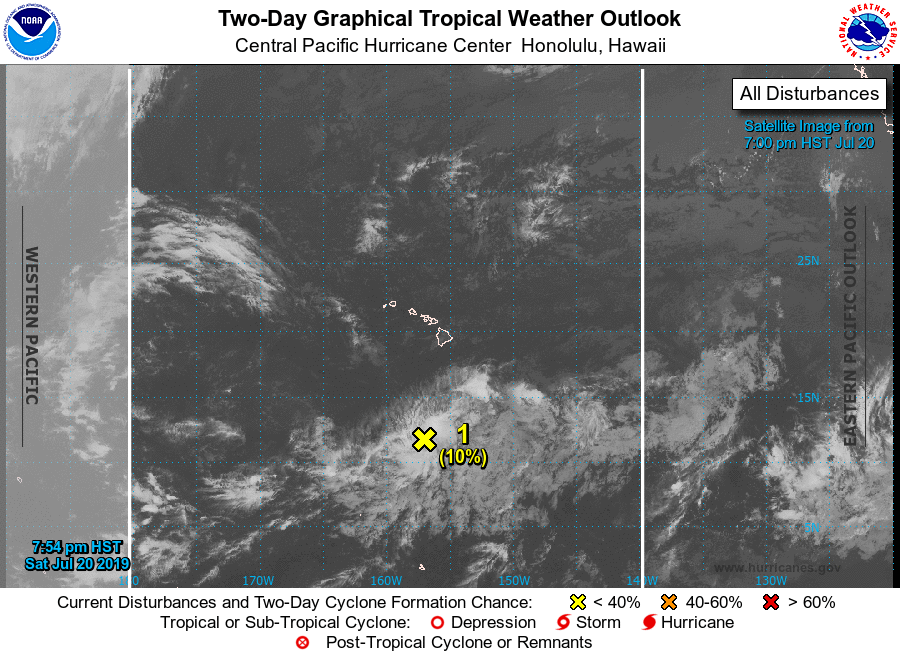
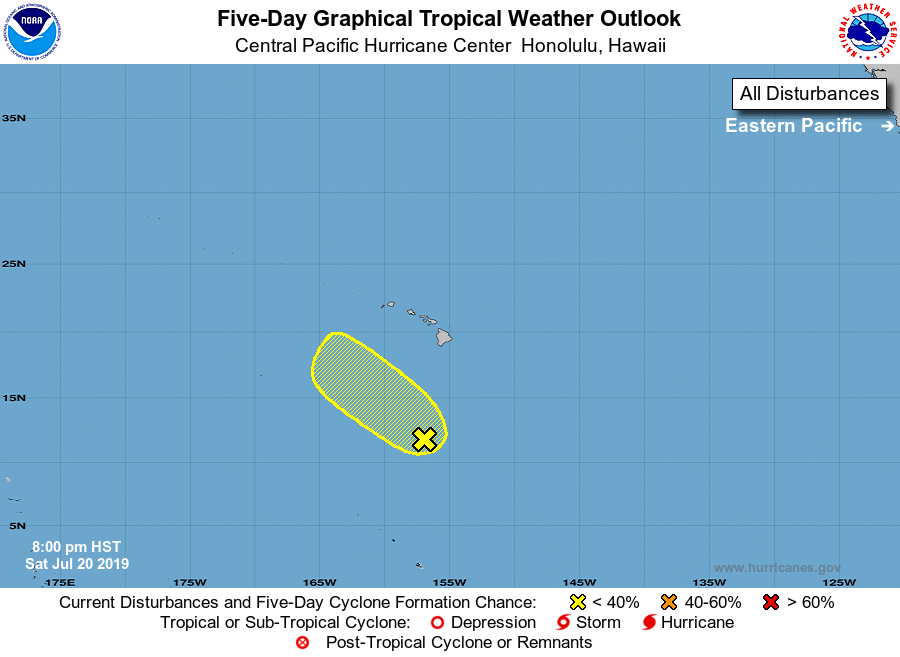
For the central North Pacific...between 140W and 180W:

1. A broad area of low pressure is located several hundred miles south of the Big Island of Hawaii. Environmental conditions are forecast to remain marginally conducive for development through Sunday as it moves northwestward at 10 to 15 mph. After which, conditions will be less conducive for development.
* Formation chance through 48 hours...low...10 percent
* Formation chance through 5 days...low...10 percent

Elsewhere, no tropical cyclones are expected during the next 5 days.

Forecaster Gibbs